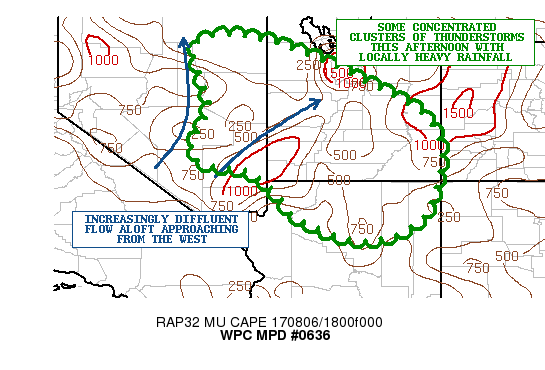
AREAS AFFECTED...EASTERN NV...WESTERN/SOUTHERN UT...NORTHERN AZ

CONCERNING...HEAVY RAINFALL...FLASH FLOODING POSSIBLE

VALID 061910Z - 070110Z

SUMMARY...MULTIPLE CLUSTERS OF THUNDERSTORMS ARE EXPECTED THIS
AFTERNOON WITH LOCALLY HEAVY RAINFALL. THE SLOW MOVEMENT OF THE
CELLS MAY RESULT IN SOME FLASH FLOODING.

DISCUSSION...THE LATEST CIRA-LPW DATA SHOWS THE BEST CONCENTRATION
OF MOISTURE STRETCHING FROM EASTERN NV EAST ACROSS CENTRAL AND
SOUTHERN UT. THIS COUPLED WITH STRONG DIURNAL HEATING AND LOCAL
OROGRAPHIC FORCING/UPSLOPE FLOW WILL ALLOW CONVECTION TO INITIATE
AND EXPAND WITH TIME THIS AFTERNOON.

THE CONVECTION WILL BE AIDED SOMEWHAT BY THE APPROACH OF AN UPPER
TROUGH OVER NORTHERN CA AND A NOTABLY DIFFLUENT UPPER AIR FLOW
REGIME DOWNSTREAM OVER CENTRAL/EASTERN NV THAT WILL BE ADVANCING
EAST OVER CENTRAL/SOUTHERN UT BY LATER THIS AFTERNOON. JUST LIKE
YESTERDAY...THERE SHOULD BE THE POTENTIAL FOR CLASHING OUTFLOW
BOUNDARIES FOR NEW CONVECTIVE DEVELOPMENT AND ALSO SOME
CELL-MERGER ACTIVITY.

THE MULTI-DAY TREND HAS BEEN FOR A LOWERING OF PWATS WHICH ARE NOW
CLOSER TO 1 INCH MOST AREAS...WITH EXCEPTION TO AREAS OF EASTERN
NV AND SOUTHWEST UT WHERE THEY ARE AS MUCH AS 1 TO 1.2 INCHES. SO
THE RAINFALL RATES BE SOMEWHAT LOWER COMPARED TO PREVIOUS DAYS.
HOWEVER...THE SLOW CELL MOTION...OROGRAPHICS AND POTENTIAL FOR A
COUPLE OF CELL-MERGERS MAY COMPENSATE ENOUGH FOR SOME SCATTERED 1
TO 2 INCH RAINFALL AMOUNTS WITH LOCALLY HEAVIER TOTALS. SOME FLASH
FLOODING WILL BE POSSIBLE AS A RESULT. THE 12Z HIRES MODEL
CONSENSUS ALONG WITH RECENT HRRR GUIDANCE SUGGESTS THE GREATEST
RAINFALL POTENTIAL THROUGH LATE AFTERNOON WILL BE OVER PARTS OF
EASTERN NV AND ESPECIALLY SOUTHERN UT.